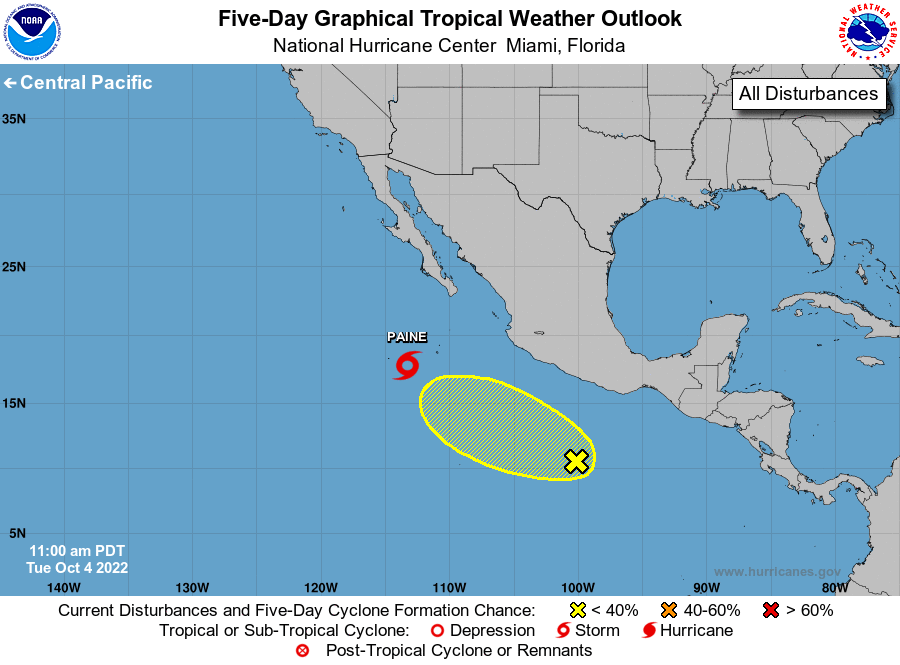
For the eastern North Pacific...east of 140 degrees west longitude:

Active Systems: The National Hurricane Center is issuing advisories on Tropical Storm Paine, located several hundred miles south-southwest of the southern tip of the Baja California peninsula.

1. South of southern Mexico: A broad area of low pressure located several hundred miles south of Acapulco, Mexico, is currently producing only a few showers and thunderstorms. Any development of this system over the next few days is likely to be slow to occur due to strong upper-level winds and nearby dry air. The low is forecast to move generally westward to west-northwestward remaining south of the coasts of southern and southwestern Mexico.
* Formation chance through 48 hours...low...10 percent.
* Formation chance through 5 days...low...20 percent.

Public Advisories on Tropical Storm Paine are issued under WMO header WTPZ32 KNHC and under AWIPS header MIATCPEP2. Forecast/Advisories on Tropical Storm Paine are issued under WMO header WTPZ22 KNHC and under AWIPS header MIATCMEP2.

Forecaster Brown